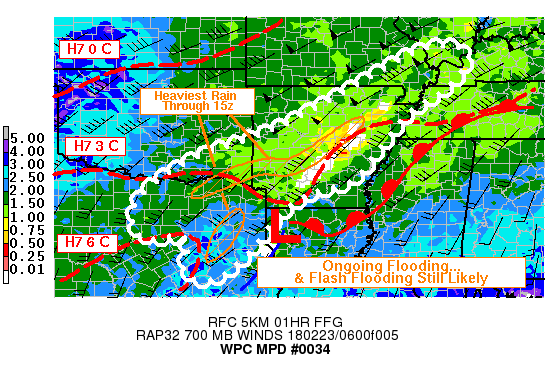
AREAS AFFECTED...TX...OK...AR...LA...MO...IL...KY...TN

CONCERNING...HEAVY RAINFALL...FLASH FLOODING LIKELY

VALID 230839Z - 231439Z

SUMMARY...CONTINUED RAINFALL...EVEN IF NOT QUITE AS HEAVY AS
BEFORE...IS LIKELY TO RESULT IN FLASH FLOODING GIVEN NEAR 100
PERCENT RUNOFF IN SOME LOCATIONS. RELATIVE LACK OF REPORTS MAY BE
OWING TO DARKNESS. SIGNIFICANT FLASH FLOOD IMPACTS STILL POSSIBLE
THIS MORNING.

DISCUSSION...AS OF 0830Z THE AREA FROM NORTHEAST TEXAS TO THE
OHIO/MISSISSIPPI RIVER CONFLUENCE...CROSSING ARKANSAS...HAD
RECEIVED THE BRUNT OF THE MULTI-DAY HEAVY RAIN EVENT...AND RAIN
CONTINUED TO FALL. GAUGE AND RADAR ESTIMATES INDICATED WIDESPREAD
3-INCH AMOUNTS HAD FALLEN...AND THIS NUMBER WAS LIKELY CLOSER TO 6
INCHES FOR MUCH OF ARKANSAS AND SOME PARTS OF ADJACENT STATES.

FORECAST MODELS WERE NOT HANDLING THE NEAR-SFC BASED CONVECTION
VERY WELL AS IT PUSHED EAST INTO TENNESSEE...BUT THEY WERE BETTER
HANDLING THE RENEWED RAINFALL WITHIN THE ELEVATED FRONTAL ZONE
ACROSS THE DISCUSSION AREA. THIS ACTIVITY IS FORECAST TO CONTINUE
THROUGH 15Z AND PERHAPS BEYOND...VIA WARM ADVECTION ON THE WESTERN
END...AND CONFLUENCE / CONVERGENCE IN THE 850-700 MB WIND FIELD
FARTHER EAST. THE 00Z WRF-ARW2 AND GEM REGIONAL OFFER REASONABLE
DEPICTIONS....AND THEIR QPFS WOULD SUGGEST AREAL AVERAGE OF AN
ADDITIONAL 0.50 TO 1.25 INCHES IN MANY AREAS THROUGH 15Z...WITH
LOCALLY HIGHER AMOUNTS.

RAIN RATES PER DUAL POL ESTIMATES FROM KFWS AND KLZK WERE NOT
QUITE AS HEAVY AS EARLIER IN THE NIGHT...WITH HOURLY RATES MORE
COMMONLY 0.50-0.75 INCHES AT MOST...BUT THE REGION WAS VERY
SATURATED...NOTING RECENT 0815Z FLASH FLOOD WARNING ISSUANCE IN
TEXAS. A RELATIVE ABSENCE OF REPORTED FLASH FLOODING MAY BE DUE TO
THE TIME OF DAY...AND THE FEAR IS THAT DANGEROUS FLASH FLOODING IS
LIKELY ONGOING AND WILL CONTINUE THROUGH THE MORNING COMMUTE HOURS
AS WIDESPREAD RAIN CONTINUES TO FALL.